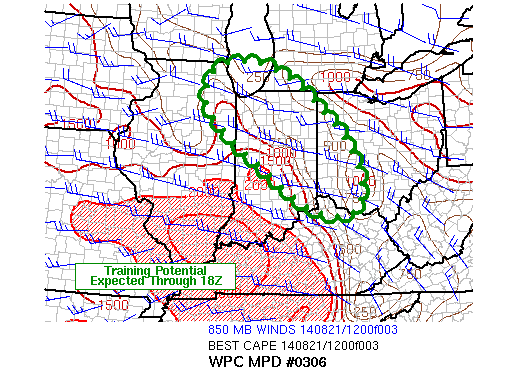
AREAS AFFECTED...NERN ILLINOIS INTO INDIANA...SWRN OHIO AND NRN
KENTUCKY

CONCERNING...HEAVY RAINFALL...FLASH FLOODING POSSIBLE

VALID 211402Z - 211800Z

SUMMARY...PERIODS OF TRAINING CONVECTION ARE EXPECTED TO CONTINUE
THROUGH ROUGHLY 18Z FOR PORTIONS OF THE MIDWEST...CENTERED OVER
INDIANA...WITH POSSIBLE FLASH FLOODING. AS LOW LEVEL FLOW WEAKENS
THIS AFTERNOON...THE FLASH FLOOD THREAT SHOULD TEMPORARILY
DIMINISH ACROSS THE HIGHLIGHTED REGION.

DISCUSSION...RECENT RADAR IMAGERY HAS SHOWN AREAS OF CONVECTION
EXTENDING FROM SERN MINNESOTA / WRN WISCONSIN...SEWD INTO INDIANA
AND WRN OHIO. THIS AXIS HAS BEEN OCCURRING NEAR AND NORTH OF A
SLOW MOVING WARM FRONT WHICH WAS ANALYZED SEWD ACROSS THE MIDWEST
AT 14Z FROM IOWA INTO NRN ILLINOIS. VAD WIND PROFILE WINDS SHOWED
25 TO 35 KTS AT 850 MB FROM THE WEST WITH CLOUD BEARING LAYER MEAN
WINDS ALSO ROUGHLY FROM THE WEST AT 25 TO 35 KTS ALLOWING SOME OF
THE CELLS TO EXHIBIT TRAINING CHARACTERISTICS.

SPC MESOANALYSIS AND RAP DATA INDICATE WEAK ELEVATED INSTABILITY
WAS PRESENT ACROSS THE REGION WHICH IS HELPING TO SUSTAIN NEW
UPDRAFT DEVELOPMENT ACROSS PORTIONS OF THE THREAT AREA WITH
SEVERAL LOCATIONS HAVING RECEIVED UP TO 3 INCHES ACCORDING TO DUAL
POL ESTIMATES FROM KIND. ALTHOUGH GROUND TRUTH HAS BEEN HARD TO
COME BY GIVEN THE SOMEWHAT ISOLATED NATURE OF THE HEAVIER
RAINFALL...THE EXPECTED DURATION OF TRAINING CELLS THROUGH ABOUT
18Z SHOULD CONTINUE A LOW END FLASH FLOOD THREAT. MODEL DATA
INDICATES THAT 850 MB FLOW WILL DIMINISH BY 18Z TO ABOUT 10 TO 15
KTS WHICH SHOULD WEAKEN LIFT ACROSS THE RELATIVELY COOL AIR NORTH
OF THE BOUNDARY...BRINGING A TEMPORARY END TO THE FLASH FLOOD
THREAT. HI-RES MODEL DATA IS MIXED ON THE EVOLUTION AND
AMOUNTS...BUT ROUGHLY HALF OF THE AVAILABLE HI-RES GUIDANCE
SUGGESTS ANOTHER 3-4 INCHES WILL BE POSSIBLE FOR PORTIONS OF THE
THREAT AREA THROUGH 18Z.